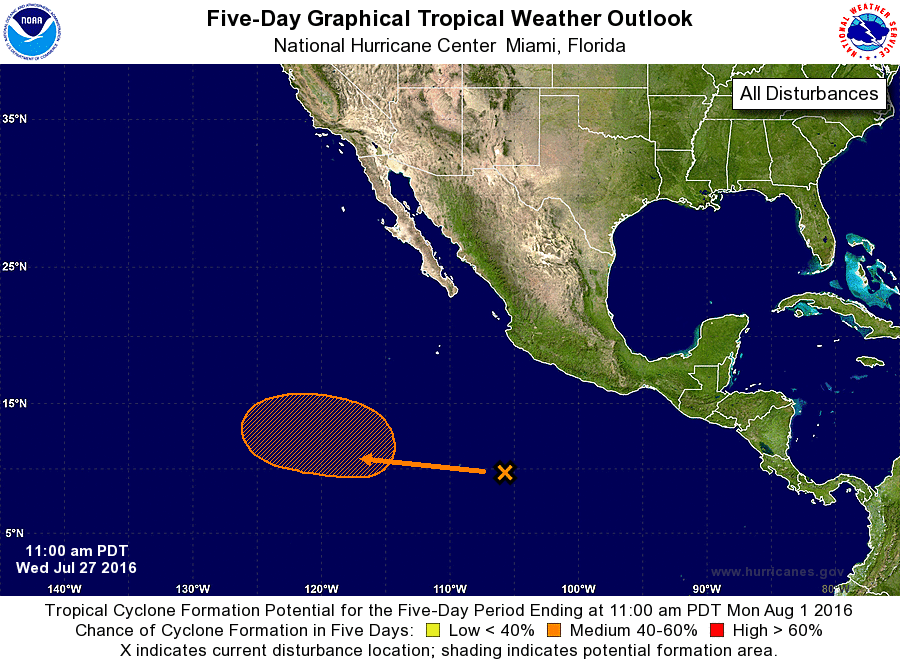
For the eastern North Pacific...east of 140 degrees west longitude:

The National Hurricane Center is issuing advisories on Tropical Storm Frank, located several hundred miles west of the southern tip of the Baja California peninsula, and has issued the last advisory on Post-Tropical Cyclone Georgette, located over 1200 miles west of the southern tip of the Baja California peninsula.

1. Disorganized showers and thunderstors are associated with a broad area of low pressure centered about 700 miles south of Manzanillo, Mexico. Environmental conditions are forecast to be conducive for gradual development of this system later this week, and a tropical depression could form over the weekend while the low moves west-northwestward at about 10 mph.
* Formation chance through 48 hours...low...near 0 percent
* Formation chance through 5 days...medium...50 percent

Forecaster Blake